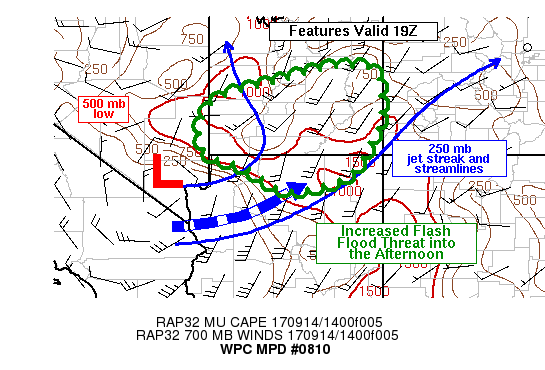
AREAS AFFECTED...FAR ERN NV AND FAR NRN AZ INTO SRN UT

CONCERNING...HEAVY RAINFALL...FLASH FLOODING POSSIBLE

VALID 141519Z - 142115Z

SUMMARY...AN INCREASING THREAT FOR FLASH FLOODING WILL EXIST FROM
FAR ERN NV INTO SRN UT AND FAR NRN AZ THROUGH 21Z. TRAINING CELLS
WITH RAINFALL RATES PEAKING NEAR 1 IN/HR ARE EXPECTED.

DISCUSSION...WATER VAPOR IMAGERY AT 15Z SHOWED A POTENT CLOSED LOW
OVER SRN CA NEAR THE NV BORDER MOVING ENE. 12Z RAOBS AND RAP
ANALYSES DEPICTED A SHARP 70 KT JET STREAK AT 250 MB SOUTH OF THIS
LOW OVER SRN CA WITH STRONGLY DIFFLUENT AND DIVERGENT FLOW OUT
AHEAD OVER FAR ERN NV INTO SWRN UT AND NWRN AZ. CONVECTION WAS
ALREADY UNDERWAY  OVER THE WRN UT/AZ BORDER AHEAD OF THE MID-LEVEL
VORTICITY MAX AND UPPER LEVEL JET STREAK. THE HIGHEST CAPE WAS
LIMITED AT 14Z TO THE TRI-STATE REGION OF NV/UT/AZ WITH 500-1000
J/KG MUCAPE VIA THE LATEST SPC MESOANALYSIS. 12Z SOUNDINGS FROM
VEF AND FGZ SHOWED ELEVATED INSTABILITY OF ABOUT 600 J/KG.

THE CLOSED LOW IS FORECAST TO OPEN UP/WEAKEN THROUGH 00Z AHEAD OF
A LARGER UPPER TROUGH AMPLIFYING ACROSS THE PACIFIC
NORTHWEST...BUT FORCING AHEAD OF THE UPPER WAVE WILL BE ENOUGH TO
CONTINUE TO DRIVE CONVECTION INTO MUCH OF THE AFTERNOON. COOLING
MID-LEVEL TEMPERATURES WITH THE APPROACHING MID-LEVEL TROUGH WILL
AID IN EXPANDING INSTABILITY...500-1000 J/KG AS FAR NORTH AS I-70
WITH LOCALLY HIGHER VALUES INTO NRN AZ WHERE SKIES WERE MOSTLY
CLEAR THIS MORNING.

PRECIPITABLE WATER VALUES WILL VARY FROM 0.7 TO 1.2 INCHES ACROSS
THE MPD THREAT REGION ACCORDING TO CURRENT GPS VALUES AND RAP
FORECASTS...WHICH WHEN COMBINED WITH WEAK INSTABILITY SHOULD BE
ENOUGH TO PRODUCE RAINFALL RATES NEAR 1 IN/HR. TRAINING APPEARS
LIKELY WITH UNIDIRECTIONAL SSWLY FLOW FROM THE LFC-EL...HOWEVER
THERE ARE SOME MIXED SIGNALS. AS ONE TRAVELS FARTHER NORTH...700
MB FLOW SHOULD BE WEAKER WHICH MAY KEEP STORMS MORE PROGRESSIVE IN
NATURE...BUT UPPER FORCING WILL BE STRONGER HERE. FARTHER SOUTH
INTO NRN AZ...700 MB FLOW WILL BE STRONGER...NEAR 70 KT...BUT
STRONGER UPPER FORCING WILL BE DISPLACED TO THE NORTH. FOR THESE
REASONS...THE FLASH FLOOD THREAT WILL STRADDLE THE UT/AZ BORDER
WITH THE THREAT INCREASING INTO THE AFTERNOON AS BETTER CAPE
COMBINES WITH APPROACHING FORCING FOR ASCENT.